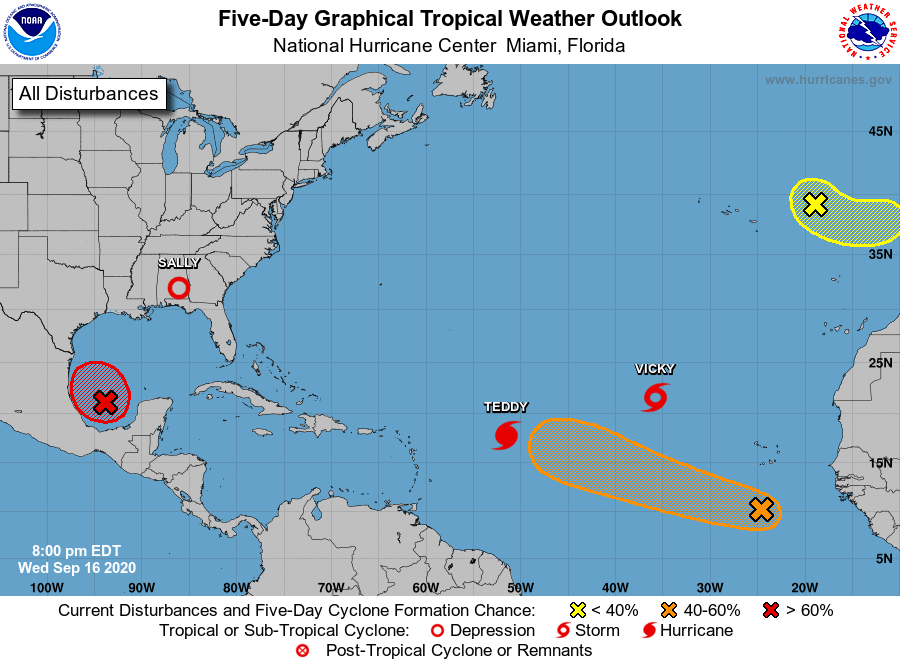
For the North Atlantic...Caribbean Sea and the Gulf of Mexico:

The National Hurricane Center is issuing advisories on Tropical Storm Sally, located inland over southeastern Alabama, on Hurricane Teddy, located over the central tropical Atlantic, and on Tropical Storm Vicky, located over the eastern tropical Atlantic.

1. Showers and thunderstorms associated with a broad area of low pressure over the southwestern Gulf of Mexico have changed little in organization since yesterday. Upper-level winds are forecast to gradually become more conducive for development, and a tropical depression is likely to form late this week or over the weekend while the low meanders over the southern Gulf of Mexico.
* Formation chance through 48 hours...medium...50 percent.
* Formation chance through 5 days...high...70 percent.

2. An elongated area of low pressure located a few hundred miles south of the Cabo Verde Islands is producing disorganized shower and thunderstorm activity. Environmental conditions are expected to be conducive for development during the next few days, and a tropical depression could form before upper-level winds become less favorable over the weekend. This system is forecast to move west-northwestward at 10 to 15 mph during the next several days.
* Formation chance through 48 hours...medium...40 percent.
* Formation chance through 5 days...medium...60 percent.

3. A non-tropical area of low pressure is located over the far northeastern Atlantic Ocean a few hundred miles east-northeast of the Azores. This system is forecast to move east-southeastward and then northeastward at about 10 mph over the next day or two, and its chances of acquiring some subtropical characteristics before it reaches the coast of Portugal late Friday appear to be decreasing. For more information on this system, see High Seas Forecasts issued by Meteo France.
* Formation chance through 48 hours...low...10 percent.
* Formation chance through 5 days...low...10 percent.

High Seas Forecasts issued by Meteo France can be found under WMO header FQNT50 LFPW and available on the web at www.meteofrance.com/previsions-meteo-marine/bulletin/grandlarge/ metarea2

Forecaster Berg